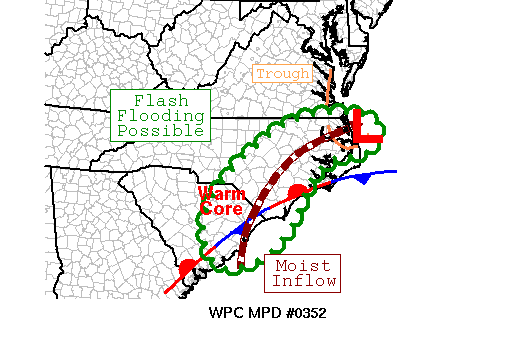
AREAS AFFECTED.....8CAROLINAS AND SOUTHEAST VIRGINIA...

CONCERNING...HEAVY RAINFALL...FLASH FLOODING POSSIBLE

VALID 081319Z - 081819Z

SUMMARY...FLASH FLOODING WILL BECOME INCREASINGLY PROBABLE BY
MIDDAY AS CONVECTION INCREASES AND INTENSIFIES.

DISCUSSION...12Z KGSO AND KMHX RAOBS SHOW DEEP MOIST CONDITIONS
WITH PW VALUES OVER 2 INCHES AND AVERAGE CLOUD LAYER WINDS OF 15
KNOTS OR LESS.  CONVECTION ALSO CONTINUES TO INCREASE ALONG AND
NORTH OF A STATIONARY FRONT DRAPED ALONG THE NC/SC COAST...AND
ALSO WITHIN VICINITY OF A SECONDARY COASTAL BOUNDARY OR SURFACE
TROUGH NEAR ELIZABETH CITY AND WITHIN AN ENHANCED PLUME OF LOW/MID
LEVEL INFLOW CROSSING WILMINGTON.  LIGHTENING TRENDS AND THE KCAE
RADAR ALSO SHOW WARM RAIN PROCESSES OCCURRING EAST OF COLUMBIA
WITH ECHO TOPS NEAR 35 KFT AND ABSENCE OF LIGHTENING IN A NARROW
AREA EAST OF COLUMBIA.

EXTRAPOLATION OF CURRENT CONDITIONS ALONG WITH HI-RES GUIDANCE
SUPPORT CONTINUED EXPANSION AND INTENSIFICATION OF DEEP CONVECTION
WITHIN THE HIGHLIGHTED AREA WITH RAIN RATES OF 1.5 TO 2.0 INCHES
PER HOUR EASILY SUPPORTED.  HOWEVER...RAIN RATES MAY ACTUALLY
EXCEED 2 INCHES PER HOUR WITHIN THE WARM CORE AXIS NEAR FLORENCE
WHERE CLOUD LAYER WINDS ARE WEAKEST. ADDITIONALLY...HI-RES
GUIDANCE IS GENERALLY UNANIMOUS IN ALLOWING DEEP CONVECTION EAST
OF ELIZABETH CITY TO REFORM INLAND WHILE POSSIBLY LIFTING SLIGHTLY
NORTHWARD...WITH 2 OR MORE HOURS OF VERY HEAVY RAIN POSSIBLE.
ALTHOUGH FFG VALUES ARE GENERALLY MODEST OR HIGH ACROSS MUCH OF
THE REGION....THE POTENTIAL FOR EXCEPTIONALLY HIGH RAIN RATES FOR
2 OR MORE HOURS WARRANTS A HIGHLIGHTED AND FOCUSED AREA OF
POSSIBLE FLASH FLOODING THROUGH 18Z.